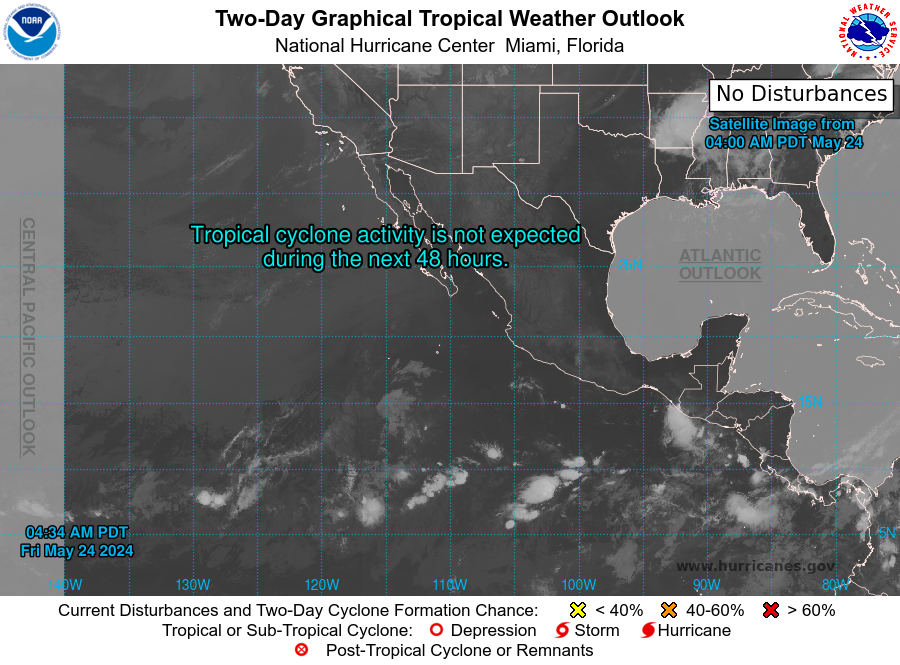
For the eastern North Pacific...east of 140 degrees west longitude:

Tropical cyclone formation is not expected during the next 7 days.

Forecaster Beven